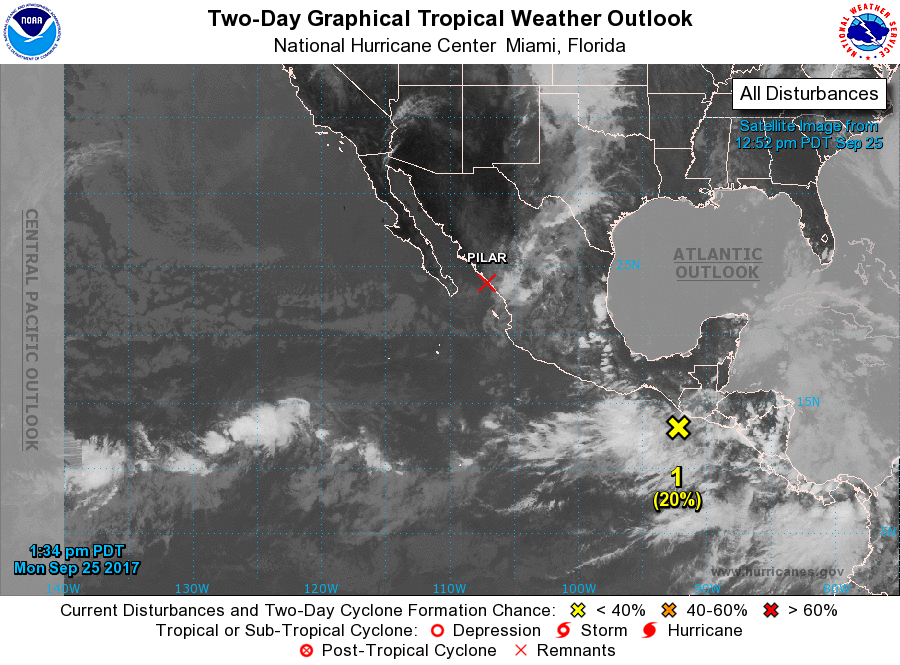
For the eastern North Pacific...east of 140 degrees west longitude:

The National Hurricane Center is issuing advisories on recently downgraded Tropical Depression Pilar, located near the west coast of Mexico.

1. A broad area of low pressure located just south of southeastern Mexico and Guatemala continues to produce disorganized showers and thunderstorms. Development, if any, of this disturbance should be limited due to hostile upper-level winds and proximity to land while the system meanders near or just offshore of the coasts of southeastern Mexico and Guatemala for the next couple of days.
* Formation chance through 48 hours...low...20 percent.
* Formation chance through 5 days...low...20 percent.

Forecaster Landsea